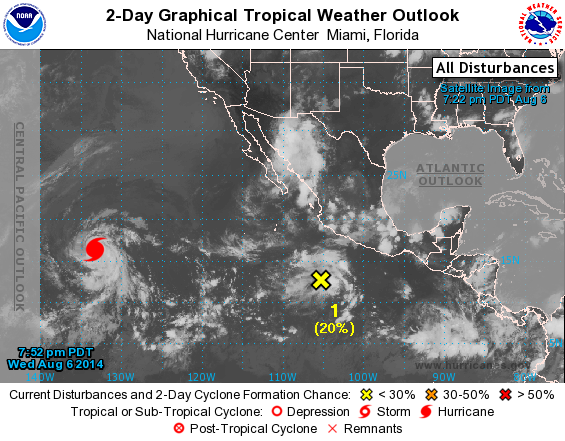
For the eastern North Pacific...east of 140 degrees west longitude:

The National Hurricane Center is issuing advisories on Hurricane Julio, located about 1500 miles east of the Big Island of Hawaii.

1. Shower activity has increased a little in association with a trough of low pressure located several hundred miles south of Manzanillo, Mexico. Slow development of this system is possible during the next few days while it moves west-northwestward at 10 to 15 mph.
* Formation chance through 48 hours...low...20 percent.
* Formation chance through 5 days...medium...30 percent.

Forecaster Cangialosi